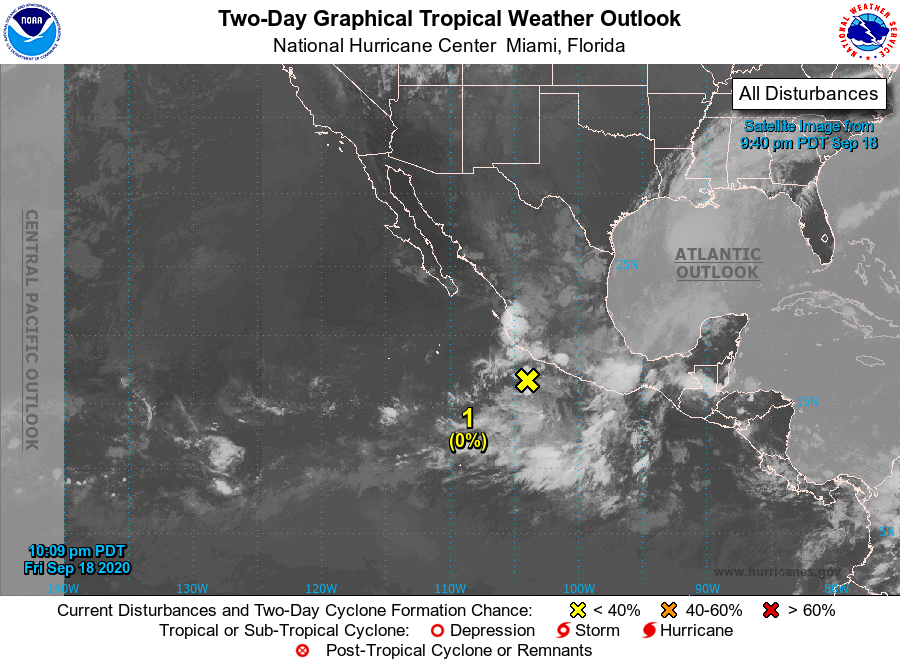
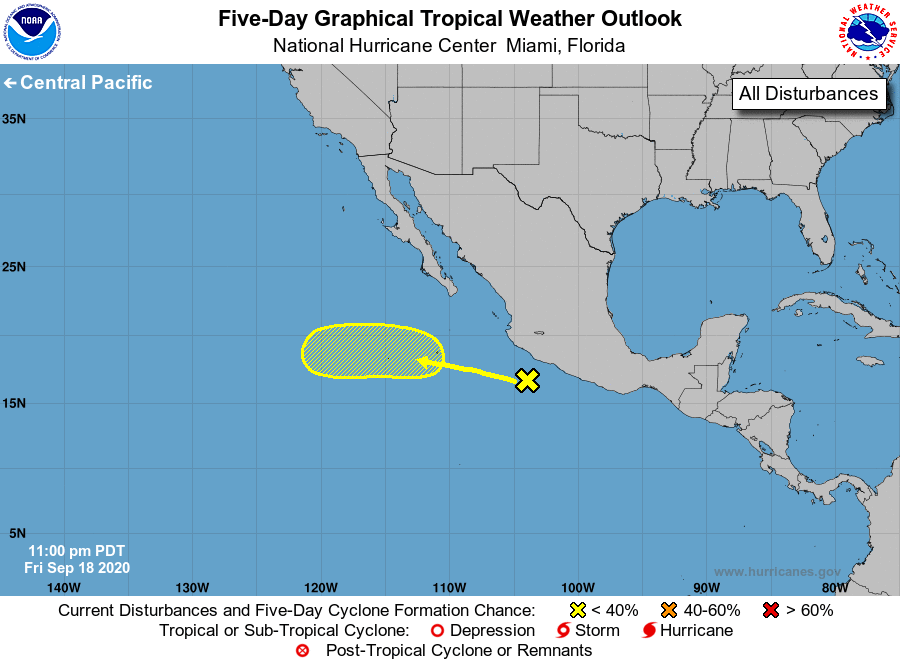
For the eastern North Pacific...east of 140 degrees west longitude:

1. An area of disturbed weather extends several hundred miles south of the coast of southwestern Mexico. A broad area of low pressure is expected to form from this disturbance in a couple of days, and gradual development of the low is possible during the early to middle part of next week while it moves generally west-northwestward away from the coast of Mexico at 5 to 10 mph.
* Formation chance through 48 hours...low...near 0 percent.
* Formation chance through 5 days...low...30 percent.

Forecaster Cangialosi